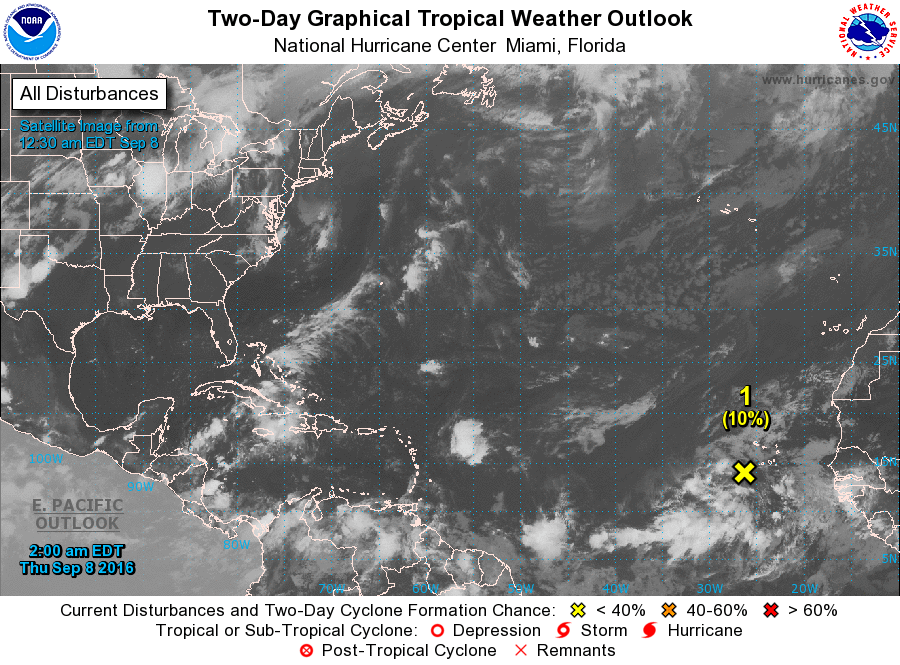
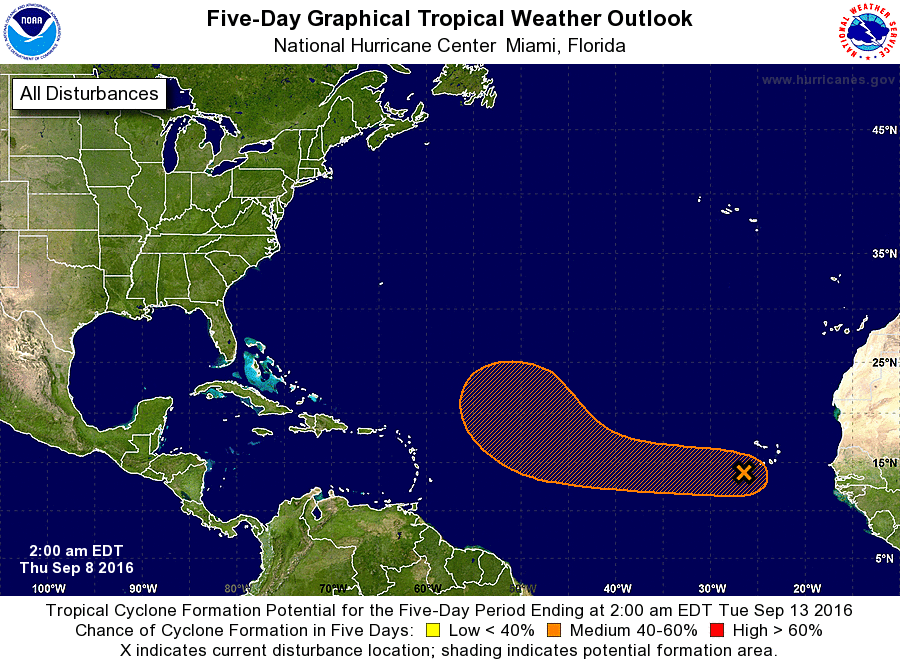
For the North Atlantic...Caribbean Sea and the Gulf of Mexico:

1. A tropical wave located just west of the Cabo Verde Islands is accompanied by a large area of cloudiness and disorganized shower activity. Significant development of this system is not expected during the next couple of days. However, conditions could become a little more favorable for gradual development, and a tropical depression could form early next week while this system moves westward and then west-northwestward into the central Atlantic.
* Formation chance through 48 hours...low...10 percent
* Formation chance through 5 days...medium...60 percent

Forecaster Brennan